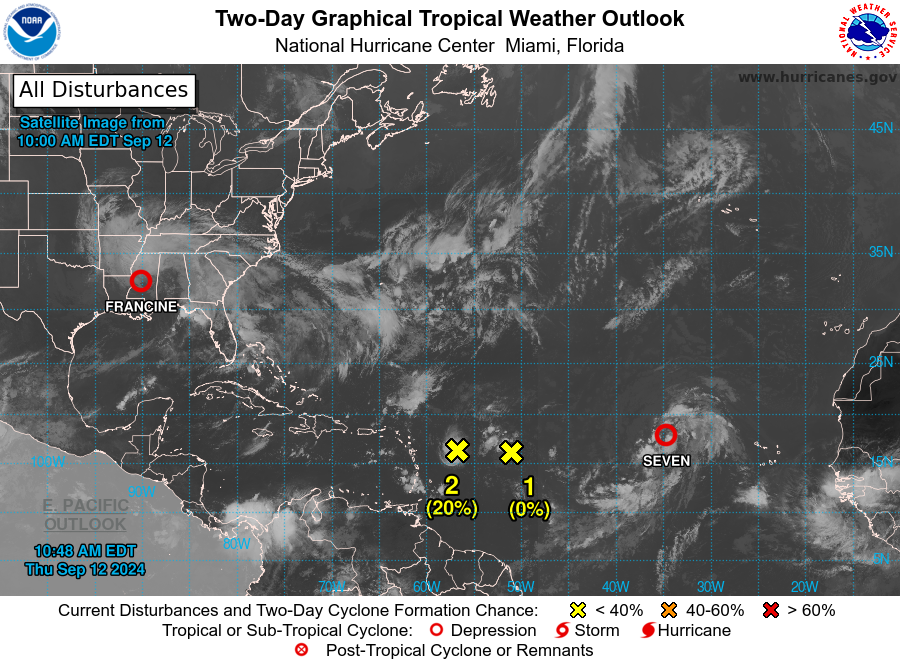
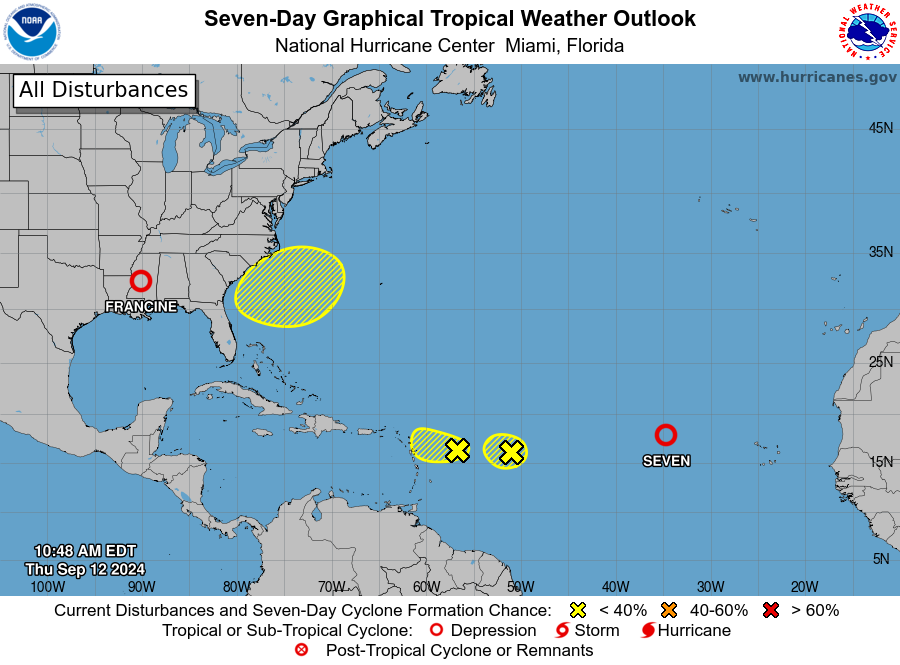
For the North Atlantic...Caribbean Sea and the Gulf of Mexico:

Active Systems: The National Hurricane Center is issuing advisories on Tropical Depression Francine, located inland over south-central Mississippi, and on Tropical Depression Seven, located over the eastern Atlantic Ocean.

1. Central Tropical Atlantic (AL92): A weak area of low pressure located several hundred miles east of the Leeward Islands is producing limited shower and thunderstorm activity. Development of this system is not expected while it moves westward at around 10 mph over the central tropical Atlantic.
* Formation chance through 48 hours...low...near 0 percent.
* Formation chance through 7 days...low...near 0 percent.

2. East of the Leeward Islands (AL94): Showers and thunderstorms have become a bit more concentrated in association with a small area of low pressure located a few hundred miles east of the Leeward Islands. However, the proximity of dry air near the system is expected to limit additional development over the next couple of days. Environmental conditions are expected to become even less conducive over the weekend while the system moves slowly west-northwestward.
* Formation chance through 48 hours...low...20 percent.
* Formation chance through 7 days...low...20 percent.

3. Offshore the Southeastern U.S.: In a few days, a non-tropical area of low pressure could form along a residual frontal boundary a few hundred miles off the southeastern U.S. coastline. Thereafter, some subtropical or tropical development is possible during the early part of next week while the system drifts to the north or northwest.
* Formation chance through 48 hours...low...near 0 percent.
* Formation chance through 7 days...low...30 percent.

Forecaster Hagen